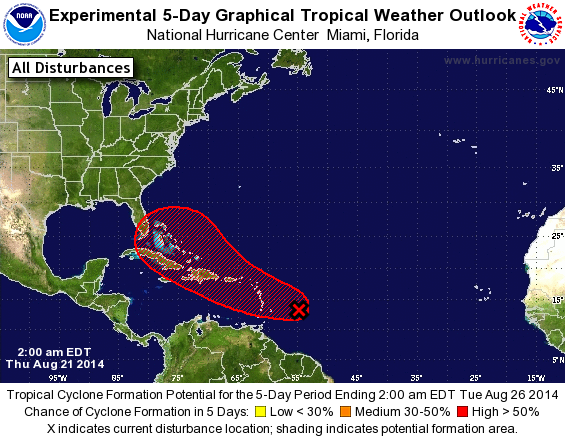
For the North Atlantic...Caribbean Sea and the Gulf of Mexico:

1. Showers and thunderstorms associated with an elongated area of low pressure located a few hundred miles east of the Windward Islands have changed little in organization during the past several hours. Environmental conditions are expected to be conducive for development during the next couple of days, and a tropical depression could form while the system moves west-northwestward at 10 to 15 mph across the Lesser Antilles and over the eastern Caribbean Sea. The mountainous terrain of Hispaniola and eastern Cuba could limit development during the first part of the weekend, but conditions are expected to be conducive for development early next week when the system is forecast to move near or over the Bahamas.

Regardless of tropical cyclone formation, gusty winds and heavy rainfall are possible across portions of the Lesser Antilles, Puerto Rico, and the Virgin Islands tonight and Friday, and over Hispaniola late Friday and Saturday. Interests in those islands should closely monitor the progress of this disturbance. An Air Force Reserve Hurricane Hunter aircraft is scheduled to investigate the low this afternoon, if necessary.
* Formation chance through 48 hours...medium...50 percent.
* Formation chance through 5 days...high...70 percent.

Forecaster Brown